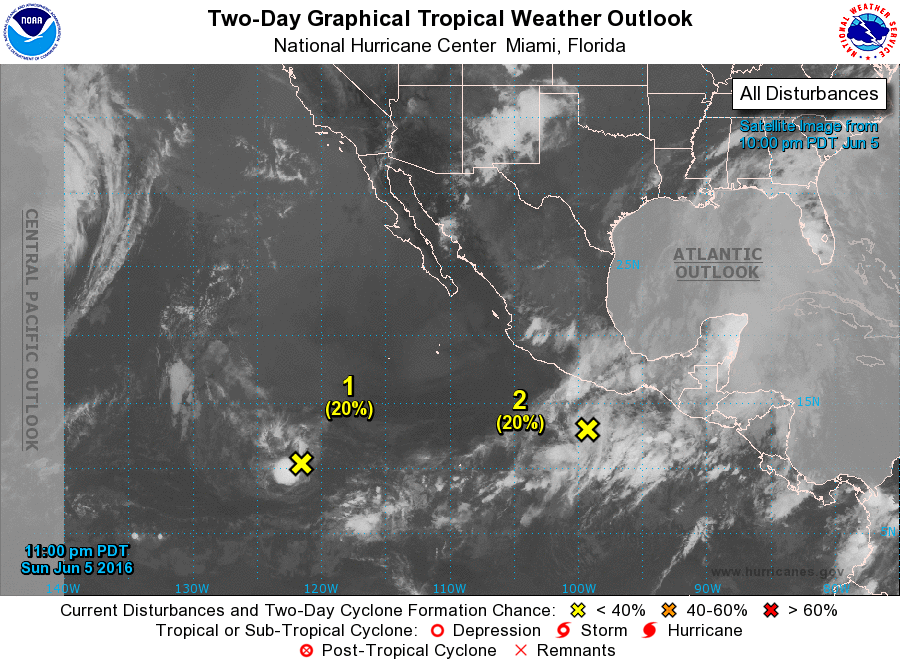
For the eastern North Pacific...east of 140 degrees west longitude:

1. An area of low pressure located about 1200 miles southwest of the southern tip of the Baja California peninsula continues to produce disorganized showers and thunderstorms. Development, if any, of this system should be slow to occur while the system moves westward during the next day or two before environmental conditions become less conducive.
* Formation chance through 48 hours...low...20 percent
* Formation chance through 5 days...low...20 percent

2. Disorganized cloudiness and showers located a few hundred miles south of Acapulco, Mexico, are associated with an elongated area of low pressure. Some gradual development of this system is possible during the next couple of days while the low moves slowly northeastward. Regardless of development, locally heavy rains are likely through Tuesday over portions of southern Mexico and Guatemala.
* Formation chance through 48 hours...low...20 percent
* Formation chance through 5 days...low...20 percent

Forecaster Kimberlain